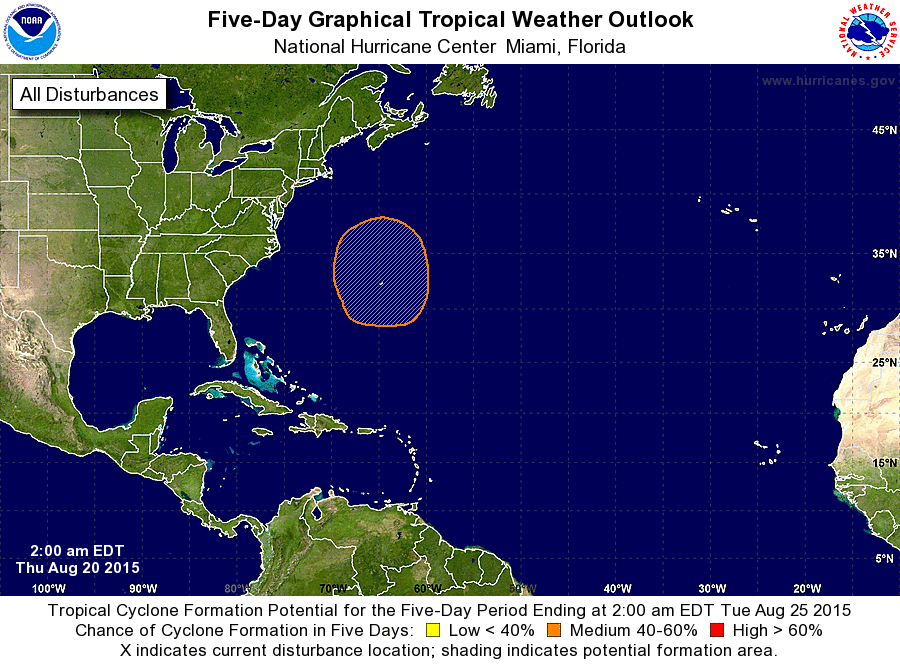
For the North Atlantic...Caribbean Sea and the Gulf of Mexico:

The National Hurricane Center is issuing advisories on Tropical Storm Danny, located over the central tropical Atlantic a little more than 1000 miles east of the Lesser Antilles.

1. A broad surface trough interacting with an upper-level low is producing a few showers to the southeast through southwest of Bermuda. A non-tropical low pressure system could form over the western Atlantic in the vicinity of Bermuda during the next few days. However, environmental conditions are only somewhat favorable for subsequent tropical or subtropical development of this system over the weekend while it moves slowly northward.
* Formation chance through 48 hours...low...near 0 percent
* Formation chance through 5 days...medium...40 percent

Forecaster Avila